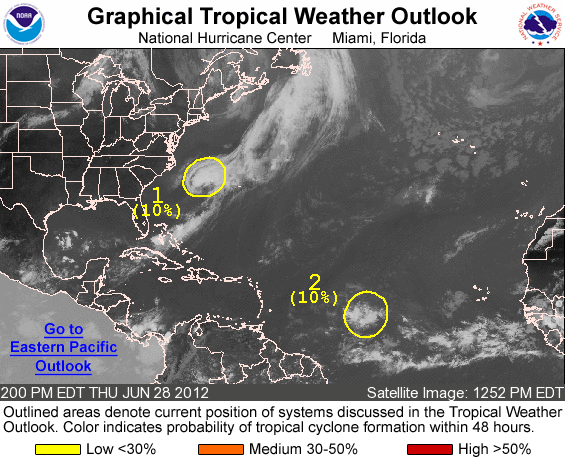
FOR THE NORTH ATLANTIC...CARIBBEAN SEA AND THE GULF OF MEXICO...

1. A LOW PRESSURE AREA...THE POST-TROPICAL REMNANTS OF DEBBY...IS MOVING NORTHEASTWARD AT 20 TO 25 MPH ALONG OR JUST SOUTH OF A FRONTAL BOUNDARY ABOUT 300 MILES WEST OF BERMUDA. THE LOW IS PRODUCING SOME SHOWER AND THUNDERSTORM ACTIVITY AND WINDS TO GALE FORCE. THIS SYSTEM HAS A LOW CHANCE...10 PERCENT...OF BECOMING A TROPICAL CYCLONE AGAIN DURING THE NEXT 48 HOURS. ADDITIONAL INFORMATION ON THIS LOW CAN BE FOUND IN HIGH SEAS FORECASTS ISSUED BY THE NATIONAL WEATHER SERVICE.

2. SHOWERS AND THUNDERSTORMS ASSOCIATED WITH A TROPICAL WAVE LOCATED ABOUT 1250 MILES EAST OF THE WINDWARD ISLANDS REMAIN DISORGANIZED. DEVELOPMENT...IF ANY...SHOULD BE SLOW TO OCCUR AS THE WAVE MOVES GENERALLY WESTWARD AT 10 TO 15 MPH. THIS SYSTEM HAS A LOW CHANCE...10 PERCENT...OF BECOMING A TROPICAL CYCLONE DURING THE NEXT 48 HOURS.

ELSEWHERE...TROPICAL CYCLONE FORMATION IS NOT EXPECTED DURING THE NEXT 48 HOURS.

&&
HIGH SEAS FORECASTS CAN BE FOUND UNDER AWIPS HEADER NFDHSFAT1 AND WMO HEADER FZNT01 KWBC.

FORECASTER KIMBERLAIN/FRANKLIN